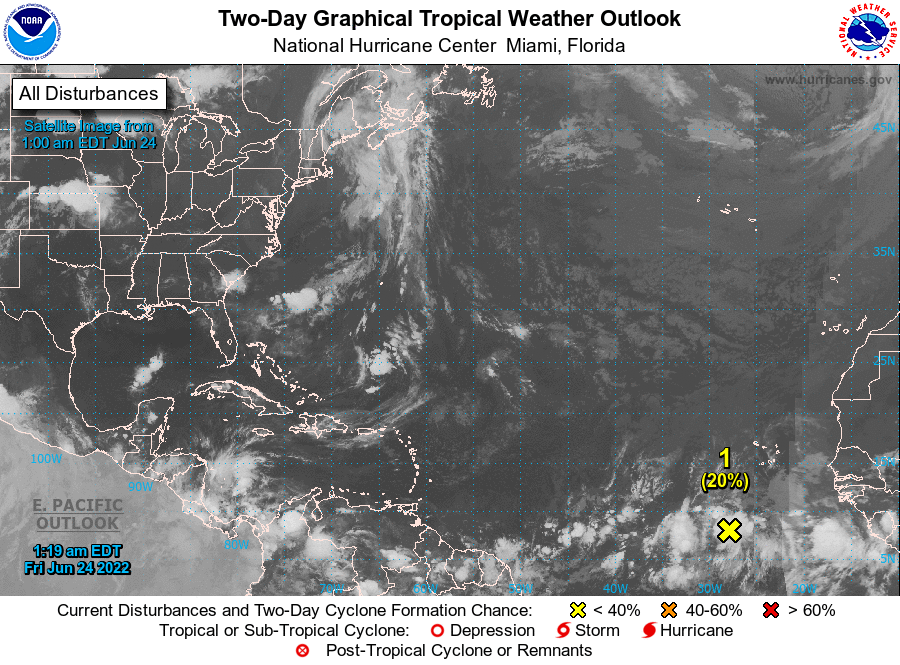
For the North Atlantic...Caribbean Sea and the Gulf of Mexico:

1. Tropical Atlantic: A tropical wave located over the eastern tropical Atlantic continues to produce disorganized showers and thunderstorms. Environmental conditions appear conducive for development over the next few days, and a tropical depression could form by early next week as this system moves westward at around 15 to 20 mph over the tropical Atlantic.
* Formation chance through 48 hours...low...20 percent.
* Formation chance through 5 days...medium...50 percent.

Forecaster Bucci/Blake